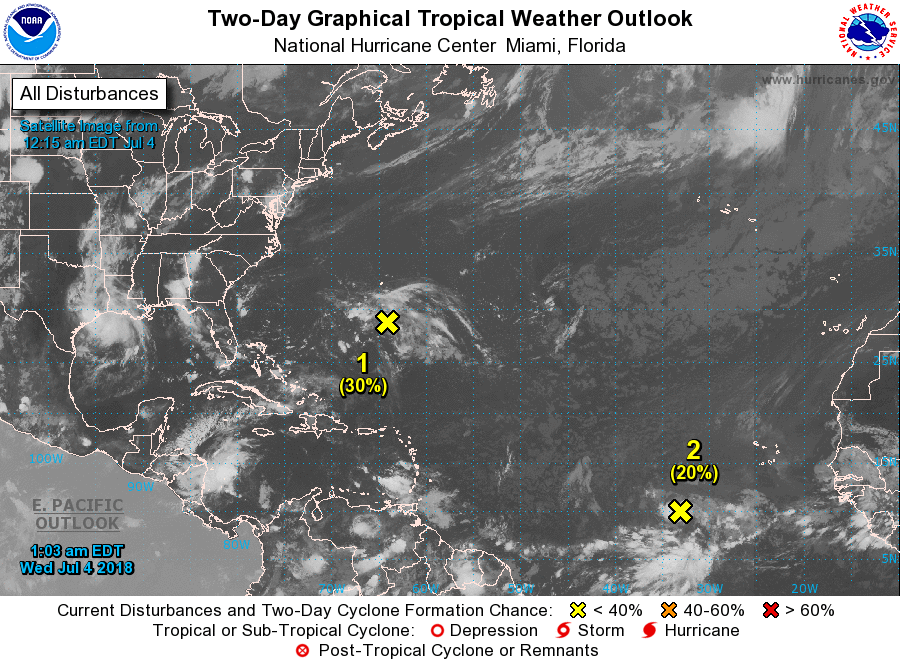
For the North Atlantic...Caribbean Sea and the Gulf of Mexico:

1. An area of cloudiness and showers remains a few hundred miles southeast of Bermuda. Although this disturbance is currently disorganized, environmental conditions could become more conducive for a low pressure system to form by late this week in the area southwest of Bermuda. The system is then forecast to move generally northward over the weekend and begin interacting with a frontal system on Sunday, which would limit any additional development.
* Formation chance through 48 hours...low...30 percent.
* Formation chance through 5 days...medium...50 percent.

2. A concentrated area of showers and thunderstorms associated with tropical wave and a small area of low pressure is located several hundred miles southwest of the Cabo Verde Islands. Although satellite images show some signs of organization, the disturbance is moving west-northwestward toward an area unfavorable for tropical cyclone formation.
* Formation chance through 48 hours...low...20 percent.
* Formation chance through 5 days...low...20 percent.

Forecaster Avila